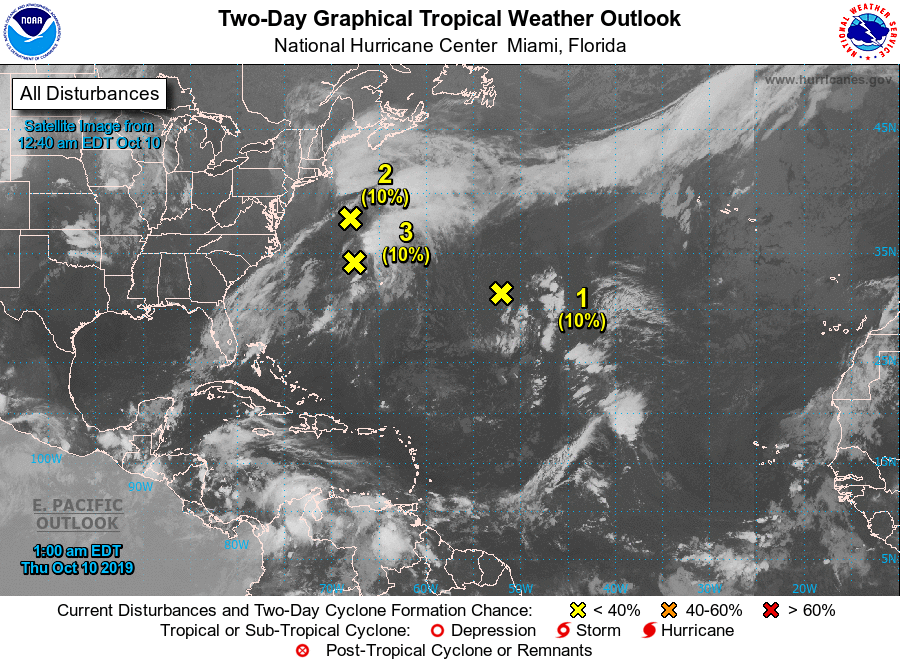
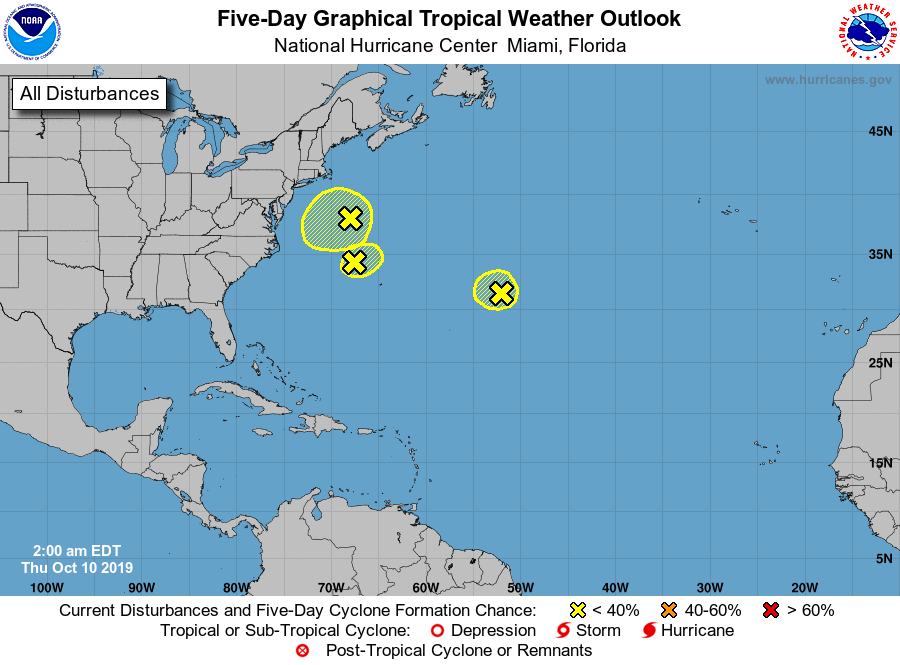
For the North Atlantic...Caribbean Sea and the Gulf of Mexico:

1. A non-tropical low pressure system located about 750 miles east of Bermuda is producing limited shower and thunderstorm activity. Upper-level winds are becoming unfavorable, and development of this system is not likely.
* Formation chance through 48 hours...low...10 percent.
* Formation chance through 5 days...low...10 percent.

2. Cloudiness and showers located off the northeast coast of the United States are associated with a non-tropical area of low pressure that is producing gale-force winds. This system is forecast to strengthen as a non-tropical low off the east coast of the United States during the next day or so. Environmental conditions are expected to be unfavorable for significant subtropical or tropical cyclone development through the end of the week while it meanders offshore of the United States. Regardless of development, this system is expected to bring strong winds, coastal flooding, and rough surf to portions of the mid-Atlantic and northeastern United States coasts through late week. Additional information on this system can also be found in local products and High Seas Forecasts issued by the National Weather Service.
* Formation chance through 48 hours...low...10 percent.
* Formation chance through 5 days...low...20 percent.

3. An area of low pressure located several hundred miles east-southeast of Cape Hatteras, North Carolina is producing a few thunderstorms. Upper-level winds are not conducive for development, and this system is forecast to merge with the low off the east coast of the United States by Thursday morning.
* Formation chance through 48 hours...low...10 percent.
* Formation chance through 5 days...low...10 percent.

High Seas Forecasts issued by the National Weather Service can be found under AWIPS header NFDHSFAT1, WMO header FZNT01 KWBC, and online at ocean.weather.gov/shtml/NFDHSFAT1.php

Forecaster Pasch